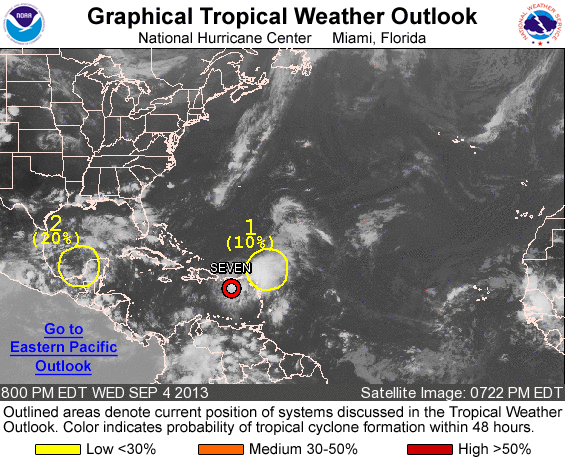
FOR THE NORTH ATLANTIC...CARIBBEAN SEA AND THE GULF OF MEXICO...

THE NATIONAL HURRICANE CENTER IS ISSUING ADVISORIES ON NEWLY FORMED TROPICAL DEPRESSION SEVEN...LOCATED SOUTH OF PUERTO RICO.

1. A LARGE AREA OF DISORGANIZED SHOWERS AND THUNDERSTORMS LOCATED TO THE NORTHEAST OF THE LEEWARD ISLANDS IS ASSOCIATED WITH A SURFACE TROUGH. ANY DEVELOPMENT OF THIS SYSTEM IS EXPECTED TO BE LIMITED DUE TO ITS PROXIMITY TO TROPICAL DEPRESSION SEVEN. THIS SYSTEM HAS A LOW CHANCE...10 PERCENT...OF BECOMING A TROPICAL CYCLONE DURING THE NEXT 48 HOURS AS IT MOVES NORTHWESTWARD AT 10 TO 15 MPH. DEVELOPMENT IS NOT EXPECTED AFTER 48 HOURS...AND THIS SYSTEM HAS A LOW CHANCE...10 PERCENT...OF BECOMING A TROPICAL CYCLONE DURING THE NEXT 5 DAYS.

2. DISORGANIZED CLOUDINESS AND SHOWERS OVER THE YUCATAN PENINSULA OF MEXICO AND THE SOUTHWESTERN GULF OF MEXICO ARE ASSOCIATED WITH A WESTWARD-MOVING TROPICAL WAVE. DEVELOPMENT...IF ANY...WILL BE SLOW TO OCCUR BEFORE THIS SYSTEM MOVES INLAND ALONG THE COAST OF MAINLAND MEXICO ON FRIDAY. THIS SYSTEM HAS A LOW CHANCE...20 PERCENT...OF BECOMING A TROPICAL CYCLONE DURING THE NEXT 48 HOURS...AND A LOW CHANCE...20 PERCENT...OF BECOMING A TROPICAL CYCLONE DURING THE NEXT 5 DAYS.

OTHER SYSTEMS WITH FORMATION POTENTIAL BEYOND 48 HOURS...

A TROPICAL WAVE OVER AFRICA IS EXPECTED TO MOVE OVER THE FAR EASTERN ATLANTIC OCEAN IN A FEW DAYS...AND SOME DEVELOPMENT OF THIS SYSTEM IS POSSIBLE OVER THE WEEKEND. THIS SYSTEM HAS A LOW CHANCE...NEAR 0 PERCENT...OF BECOMING A TROPICAL CYCLONE DURING THE NEXT 48 HOURS...AND A LOW CHANCE...20 PERCENT...OF BECOMING A TROPICAL CYCLONE DURING THE NEXT 5 DAYS.

PUBLIC ADVISORIES ON TROPICAL DEPRESSION SEVEN ARE ISSUED UNDER WMO HEADER WTNT32 KNHC AND UNDER AWIPS HEADER MIATCPAT2. FORECAST/ADVISORIES ON TROPICAL DEPRESSION SEVEN ARE ISSUED UNDER WMO HEADER WTNT22 KNHC AND UNDER AWIPS HEADER MIATCMAT2.

FIVE-DAY FORMATION PROBABILITIES ARE EXPERIMENTAL IN 2013. COMMENTS ON THE EXPERIMENTAL FORECASTS CAN BE PROVIDED AT...

HTTP://WWW.NWS.NOAA.GOV/SURVEY/NWS-SURVEY.PHP?CODE=ETWO

FORECASTER BRENNAN